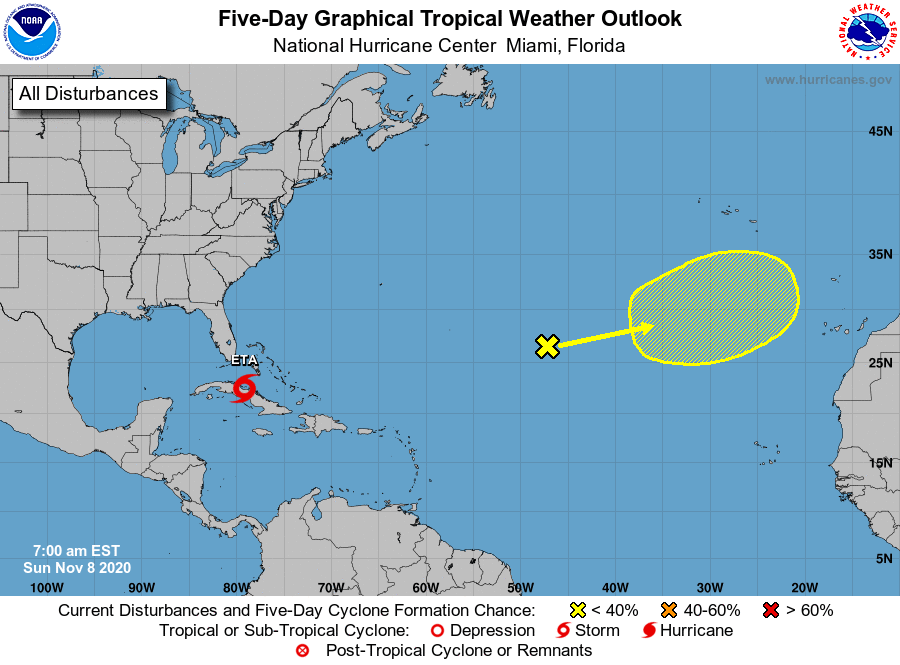
For the North Atlantic...Caribbean Sea and the Gulf of Mexico:

The National Hurricane Center is issuing advisories on Tropical Storm Eta, located over east-central Cuba.

1. A broad non-tropical area of low pressure appears to be developing several hundred miles southwest of the Azores. This system could slowly develop subtropical characteristics later this week while it moves eastward or east-northeastward over the northeastern Atlantic Ocean.
* Formation chance through 48 hours...low...near 0 percent.
* Formation chance through 5 days...low...20 percent.

Forecaster Zelinsky